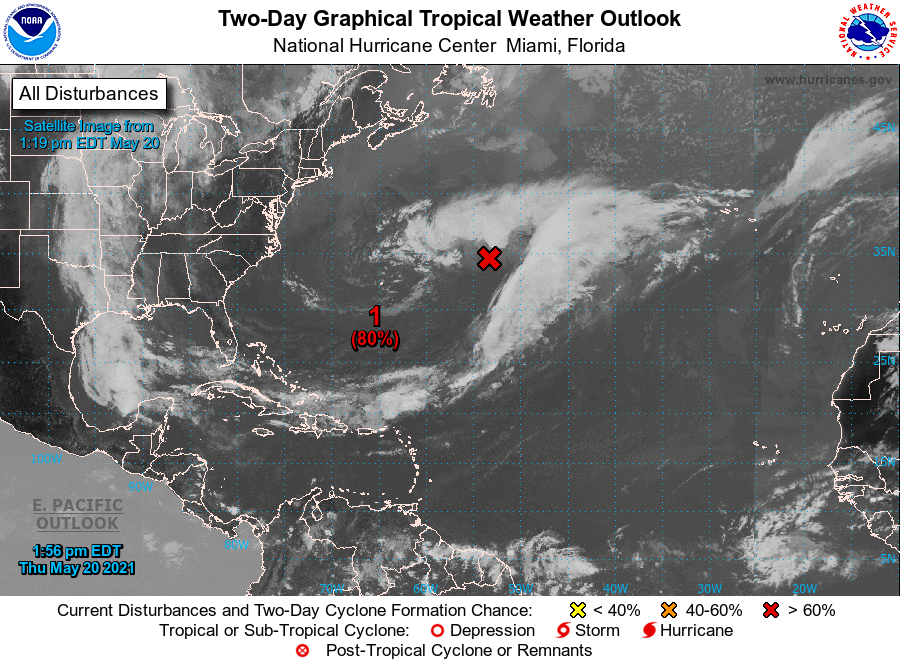
For the North Atlantic...Caribbean Sea and the Gulf of Mexico:

1. A non-tropical low pressure system located about 650 miles east- northeast of Bermuda is now moving northward, and recent satellite wind data indicate that the system has gale-force winds. The low is expected to turn westward and west-southwestward over warmer waters tonight and Friday, and it will likely become a subtropical cyclone near and to the northeast of Bermuda on Friday. After that time, the system is expected to move toward the north and northeast into a more hostile environment by late Sunday into Monday. For more information on this developing low pressure area, please see High Seas forecasts issued by the NOAA Ocean Prediction Center and forecast products, including a tropical storm watch, issued by the Bermuda Weather Service.
* Formation chance through 48 hours...high...80 percent.
* Formation chance through 5 days...high...90 percent.

High Seas Forecasts for this system can be found under AWIPS header NFDHSFAT1, WMO header FZNT01 KWBC, and online at ocean.weather.gov/shtml/NFDHSFAT1.php

Forecaster Beven